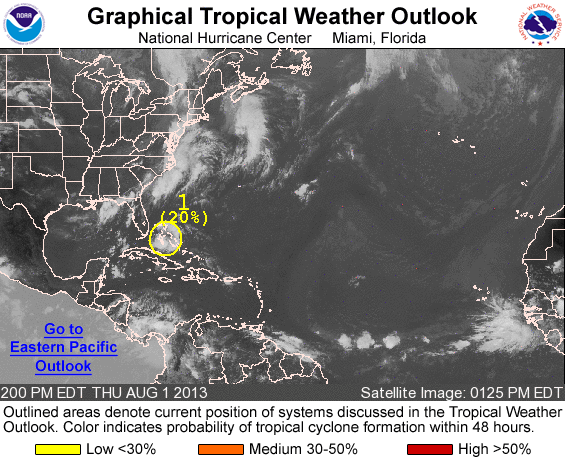
FOR THE NORTH ATLANTIC...CARIBBEAN SEA AND THE GULF OF MEXICO...

1. CLOUDINESS AND THUNDERSTORMS ASSOCIATED WITH THE REMNANTS OF DORIAN HAVE BECOME MORE CONCENTRATED ALONG A TROUGH OF LOW PRESSURE IN THE CENTRAL AND NORTHWESTERN BAHAMAS TODAY. ALTHOUGH SURFACE PRESSURES ARE FALLING IN THIS AREA...THERE ARE NO SIGNS OF A CLOSED CIRCULATION. THIS DISTURBANCE IS FORECAST TO MOVE TOWARD THE NORTHWEST AND NORTH...BRINGING CLOUDINESS...SHOWERS...AND GUSTY WINDS TO PORTIONS OF THE NORTHWESTERN BAHAMAS AND THE COASTAL WATERS OF SOUTHEASTERN FLORIDA ON FRIDAY AND SATURDAY. AFTER THAT...THE DISTURBANCE IS EXPECTED TO MOVE TOWARD THE NORTH-NORTHEAST AND BECOME ASSOCIATED WITH A FRONTAL TROUGH. THIS SYSTEM HAS A LOW CHANCE...20 PERCENT...OF BECOMING A TROPICAL CYCLONE DURING THE NEXT 48 HOURS...AND A LOW CHANCE...20 PERCENT...OF BECOMING A TROPICAL CYCLONE DURING THE NEXT 5 DAYS.

FIVE-DAY FORMATION PROBABILITIES ARE EXPERIMENTAL IN 2013. COMMENTS ON THE EXPERIMENTAL FORECASTS CAN BE PROVIDED AT...USE LOWER CASE...

HTTP://WWW.NWS.NOAA.GOV/SURVEY/NWS-SURVEY.PHP?CODE=ETWO

FORECASTER AVILA/FRANKLIN